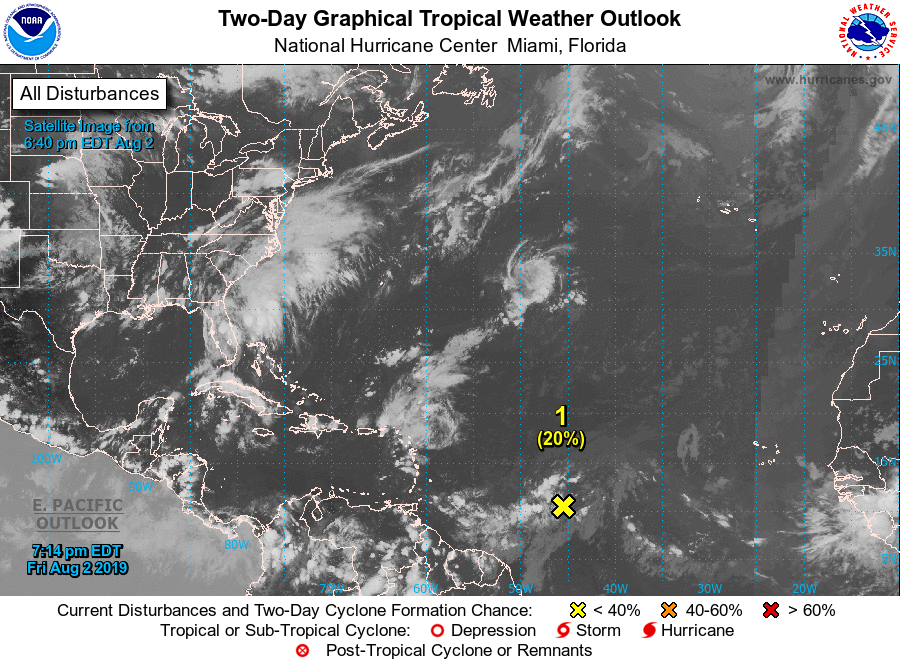
For the North Atlantic...Caribbean Sea and the Gulf of Mexico:

1. Showers and thunderstorms remain disorganized in association with an elongated area of low pressure located several hundred miles east-southeast of the Lesser Antilles. Although upper-level winds are expected to be only marginally conducive for development, this system could become a tropical depression early next week while it moves west-northwestward toward the Leeward Islands.
* Formation chance through 48 hours...low...20 percent.
* Formation chance through 5 days...medium...40 percent.

Forecaster Cangialosi